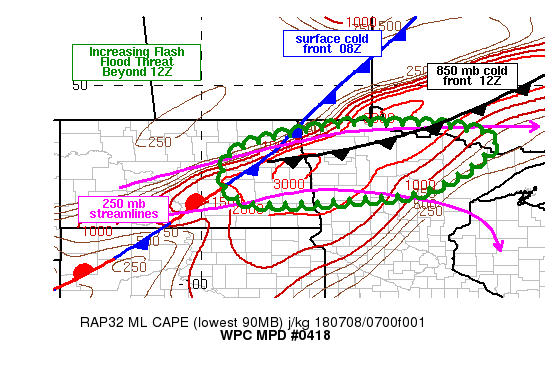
AREAS AFFECTED...ERN ND INTO NRN MN

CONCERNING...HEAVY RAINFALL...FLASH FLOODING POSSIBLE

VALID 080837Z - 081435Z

SUMMARY...FLASH FLOODING WILL BECOME A GROWING THREAT THROUGH THE
REMAINDER OF THE MORNING ACROSS PORTIONS OF EASTERN NORTH DAKOTA
INTO NORTHERN MINNESOTA. RAINFALL RATES OF 1-2 IN/HR AND STORM
TOTALS OF 2-3 INCHES WILL BE POSSIBLE.

DISCUSSION...GOES 16 INFRARED IMAGERY AND REGIONAL RADAR DATA AT
08Z SHOWED A SMALL CONVECTIVE CLUSTER PROPAGATING STEADILY
NORTHEASTWARD ACROSS CENTRAL NORTH DAKOTA. WHILE THE FORWARD
PROPAGATION OF THIS CLUSTER ALONE DOES NOT TRANSLATE TO A FLASH
FLOOD THREAT...LOCATIONS DOWNSTREAM ACROSS EASTERN NORTH DAKOTA
INTO NORTHERN MINNESOTA...COULD SEE REPEATING/SLOW MOVING
CONVECTION NEAR AND BEYOND 12Z. 00Z SOUNDINGS FROM BIS AND INL AND
THE LATEST SPC MESOANALYSIS SHOWED MODERATE TO LARGE CAPE VALUES
AHEAD OF A SURFACE COLD FRONT BUT WITH CIN DUE TO WARM
TEMPERATURES IN THE 700-850 MB LAYER. THE LATEST THINKING IS THE
CAP STRENGTH...WHICH IS WEAKER TO THE NORTH...WILL PREVENT
ADDITIONAL CONVECTION UNTIL A FLAT SHORTWAVE MOVING THROUGH
SOUTHERN CANADA AND ASSOCIATED HEIGHT FALLS ALLOWS FOR COOLING OF
700 MB TEMPERATURES BETWEEN 09-12Z...AND/OR FORCING AHEAD OF THE
FORWARD PROPAGATING STORMS IN NORTH DAKOTA AIDS IN CONVECTIVE
DEVELOPMENT. KMVX RADAR FROM 0830Z WAS BEGINNING TO SHOW A FEW
ECHOES ALIGNING FROM WEST TO EAST AHEAD OF THE LINE FROM
NORTHEASTERN NORTH DAKOTA INTO NORTHWESTERN MINNESOTA.

FLOW ALOFT IS DIFFLUENT ACROSS MINNESOTA WHICH IS EXPECTED TO AID
IN VERTICAL MOTIONS AS STRONGER FORCING FOR ASCENT ARRIVES LATER
THIS MORNING. GIVEN AREA PRECIPITABLE WATER VALUES ARE 1.6 TO 1.8
INCHES (PER GPS OBSERVATIONS) AND FLOW IS UNIDIRECTIONAL FROM
EASTERN NORTH DAKOTA INTO NORTHERN MINNESOTA...PARALLEL TO A
FORECAST 850 MB BOUNDARY AT 12Z...ANY CONVECTION THAT DEVELOPS IS
EXPECTED TO BE SLOW MOVING OR REPEATING...ALLOWING FOR 1-2 IN/HR
RAINFALL RATES AND POTENTIAL FOR 2-3 INCHES STORM TOTAL. GIVEN
FLASH FLOOD GUIDANCE BETWEEN 1 AND 2 INCHES PER HOUR ACROSS THE
REGION...FLASH FLOODING WILL BE POSSIBLE.